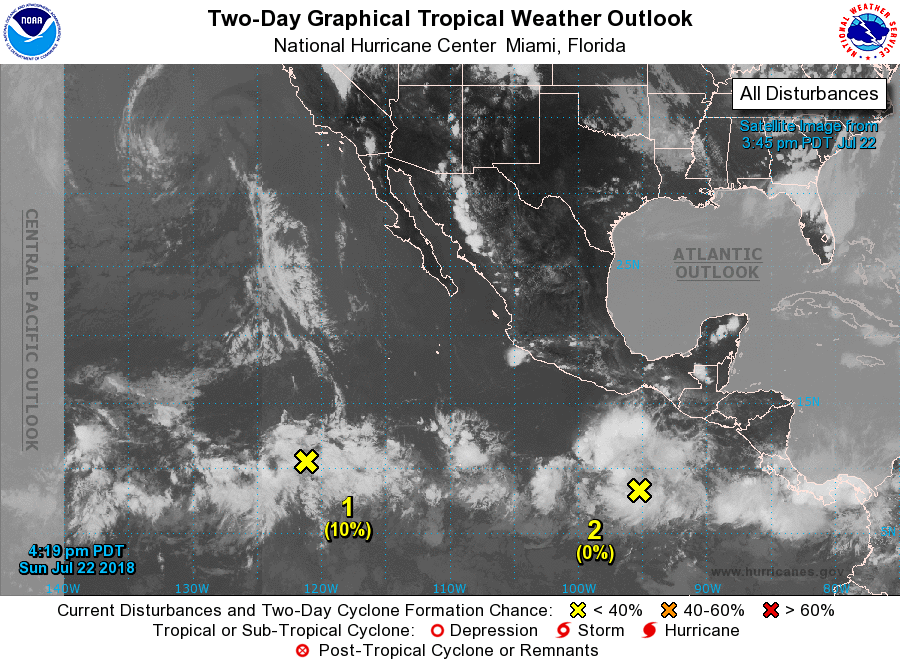
For the eastern North Pacific...east of 140 degrees west longitude:

1. A large area of disturbed weather located several hundred miles southwest of the southern tip of the Baja California Peninsula is moving westward to west-northwestward at 15 to 20 mph. This system remains disorganized, and environmental conditions are expected to be only marginally conducive for a tropical depression form by Tuesday or Wednesday. After that time, upper-level winds are forecast to become unfavorable for development.
* Formation chance through 48 hours...low...10 percent.
* Formation chance through 5 days...medium...40 percent.

2. A weak low pressure system is located several hundred miles south of the Gulf of Tehuantepec. Little development of the system is expected during the next day or two. After that time, environmental conditions are forecast to become a little more conducive for gradual development while the system moves toward the west or west-northwest, remaining well south of Mexico.
* Formation chance through 48 hours...low...near 0 percent.
* Formation chance through 5 days...low...30 percent.

Forecaster Stewart